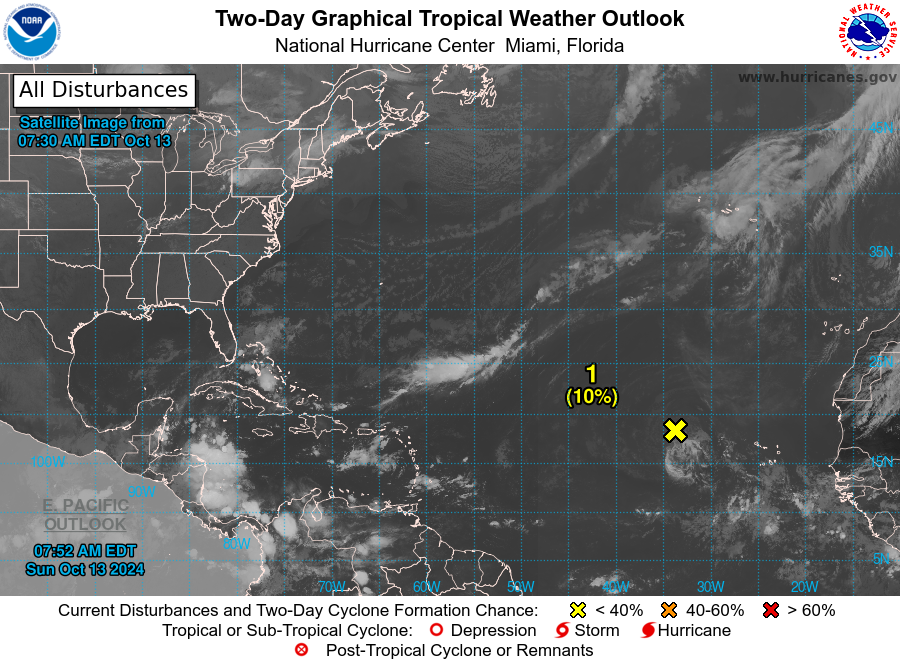
For the North Atlantic...Caribbean Sea and the Gulf of Mexico:

1. Eastern Tropical Atlantic (AL94): Showers and thunderstorms have diminished again in associated with an area of low pressure located a few hundred miles west of the Cabo Verde Islands. While the system is currently embedded in an environment that is not favorable for development over the next couple of days, the system is forecast to move generally westward to west-southwestward across the tropical Atlantic, where environmental conditions could become more favorable for gradual development in the central Tropical Atlantic by the mid to latter part of this week.
* Formation chance through 48 hours...low...10 percent.
* Formation chance through 7 days...low...30 percent.

Forecaster Papin